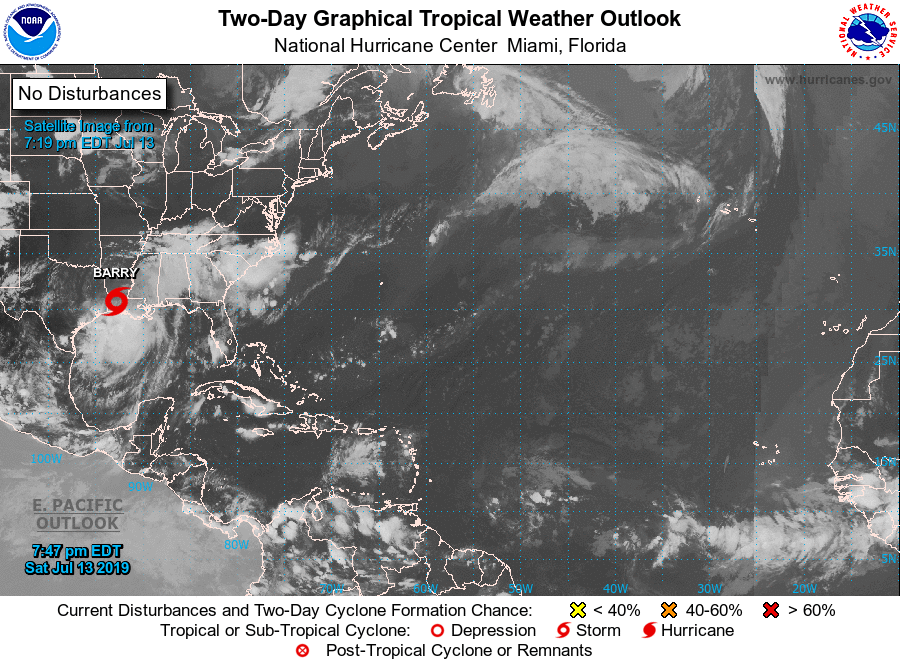
For the North Atlantic...Caribbean Sea and the Gulf of Mexico:

The National Hurricane Center is issuing advisories on Tropical Storm Barry, located over southern Louisiana.

A tropical wave located about midway between the Cabo Verde Islands and the Windward Islands is producing a few showers. Significant development of this system is not anticipated.
* Formation chance through 48 hours...low...near 0 percent.
* Formation chance through 5 days...low...near 0 percent.

Forecaster Pasch